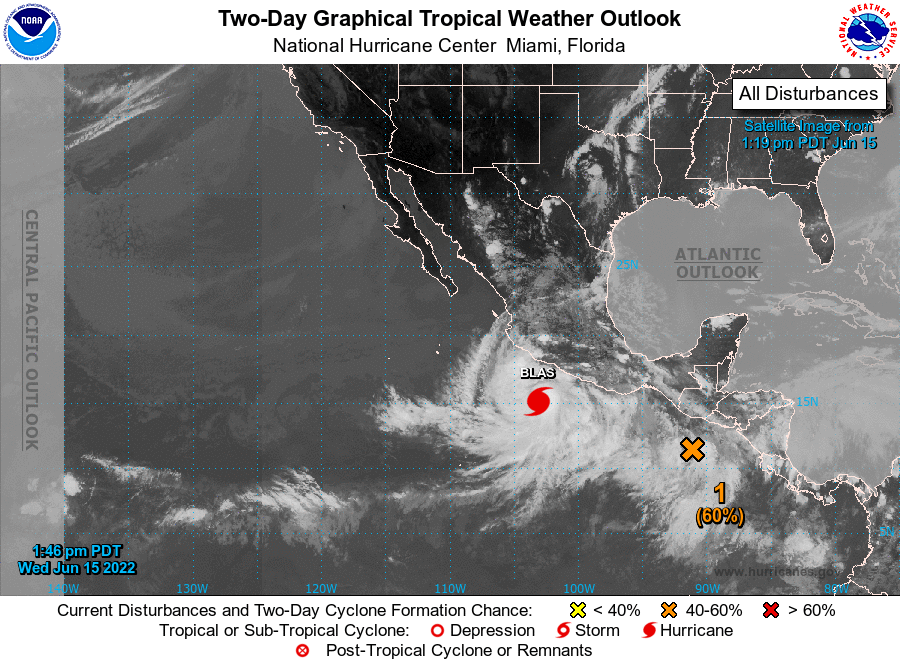
For the eastern North Pacific...east of 140 degrees west longitude:

Active Systems: The National Hurricane Center is issuing advisories on recently upgraded Hurricane Blas, located a few hundred miles south of the southwest coast of Mexico.

1. Off the coast of Central America: A broad area of low pressure has formed in association with an area of disturbed weather located a couple of hundred miles southwest of the coasts of Guatemala and El Salvador. Although shower and thunderstorm activity associated with this disturbance is currently disorganized, gradual development is possible. This system could become a tropical depression during the next couple of days while it drifts erratically. Environmental conditions are forecast to become less conducive for development over the weekend. Regardless of development, locally heavy rains are possible across portions of El Salvador, Guatemala, and southeastern Mexico during the next several days.
* Formation chance through 48 hours...medium...60 percent.
* Formation chance through 5 days...medium...60 percent.

Forecaster Brown